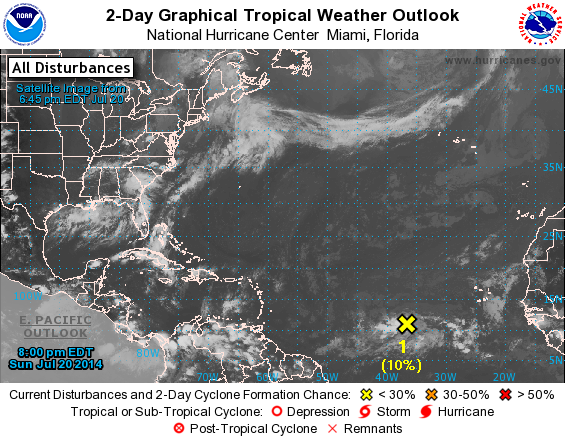
For the North Atlantic...Caribbean Sea and the Gulf of Mexico:

1. A broad area of low pressure, associated with a tropical wave, is located over the eastern Atlantic Ocean about 900 miles west-southwest of the Cape Verde Islands. The associated showers and thunderstorms remain disorganized, and any development during the next day or two should be slow to occur. Beyond a couple of days, environmental conditions are expected to become unfavorable for development while the system moves westward to west-northwestward at 15 to 20 mph.
* Formation chance through 48 hours...low...10 percent.
* Formation chance through 5 days...low...10 percent.

Forecaster Pasch